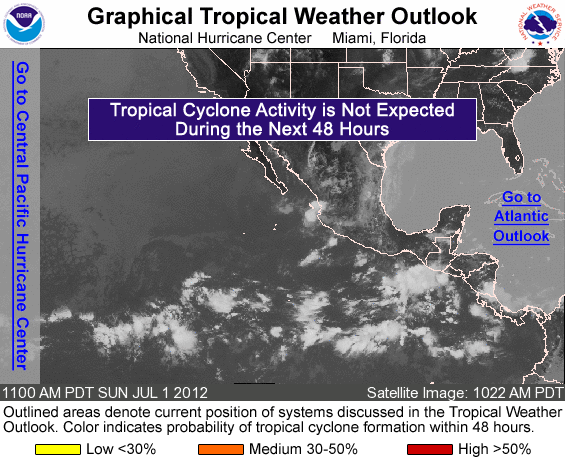
FOR THE EASTERN NORTH PACIFIC...EAST OF 140 DEGREES WEST LONGITUDE..

TROPICAL CYCLONE FORMATION IS NOT EXPECTED DURING THE NEXT 48 HOURS.

FORECASTER STEWART